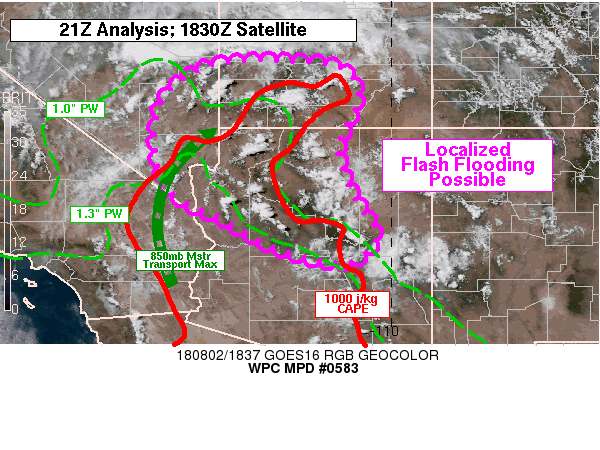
Areas affected...Mogollon Rim into southeast Nevada and southwest
Utah

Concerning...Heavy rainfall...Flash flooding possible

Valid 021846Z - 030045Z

Summary...Scattered thunderstorms were beginning to develop around
midday across portions of the Middle Colorado River Basin into the
Mogollon Rim region in the Southwest. These storms should become
more numerous in the afternoon, with a chance of flash flooding.
Rain rates of 1-2 in/hr are expected with the strongest storms.

Discussion...GOES-15 visible and IR satellite channels showed a
blossoming of convection around 18Z centered on the confluence of
the NV-AZ-UT borders, and extending southeast into the Mogollon
Rim region. This was occurring as instability was continuing to
gradually increase and convective temperatures were being reached.
By 21Z, the RAP forecasts a nose of higher PWs and CAPE of at
least 1000 j/kg extending up the Colorado River Valley from near
the Mohave Valley into the slot canyon region of southern Utah. It
also forecasts an increase in S-SW flow in the same region in the
next several hours, helping to advect better low-level moisture up
the valley. KICX, TLAS, and KESX VWPs already show around 10-15
knots of inflow in the 850-700mb layer, and this may aid in
sustaining a more concentrated area of convection this afternoon
just downstream (or over southwest Utah and northwest Arizona).
GPS-PW observations near Las Vegas were already registering nearly
1.2 inch PWs, and the 12Z sounding already had a 1.23 inch value.
These are above the 90th percentile on the VEF sounding
climatology; while they are not close to record values, they are
well above average values and should support more widespread
convective coverage as well as heavy rain rates. With moderate
instability in place, thunderstorms should be able to produce 1-2
in/hr rain rates, which could cause flash flooding.

Chances for flash flooding may be highest in southern Utah,
particularly the slot canyon region with narrow basins, where
uni-directional flow on the north side of the ridge could funnel
convection into training patterns. The Mogollon Rim could also be
active with much weaker winds near the center of the ridge, which
may help sustain convection closer to the terrain features for
longer periods of time.